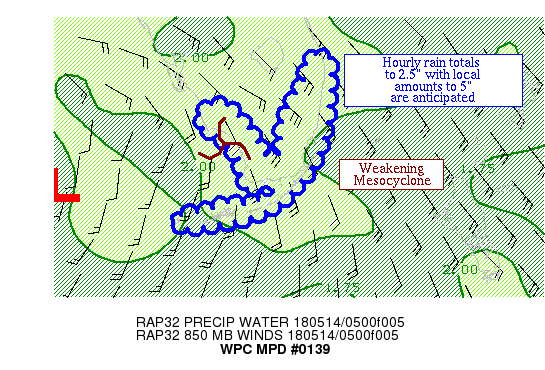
AREAS AFFECTED...COASTAL SOUTHERN FL & THE KEYS

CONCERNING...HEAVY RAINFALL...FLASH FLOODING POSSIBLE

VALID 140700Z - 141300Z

SUMMARY...CONVERGENT CYCLONIC FLOW AROUND A LOW IN THE GULF OF
MEXICO IS EXPECTED TO LEAD TO HOURLY RAIN TOTALS TO 2.5" AND LOCAL
AMOUNTS TO 5" ON A LOCAL BASIS.

DISCUSSION...A BROAD/WEAK LOW NEAR 25N 84W SITTING WEST OF THE FL
KEYS HAS LED TO THE DEVELOPMENT OF A MESOCYCLONE JUST OFFSHORE
SOUTHWEST FL WHICH IS WEAKENING WHILE MOVING TOWARDS THE COAST.
AN ASSOCIATED OUTFLOW BOUNDARY HAS BEEN EDGING SOUTHWARD TOWARDS
KEY WEST PER RADAR IMAGERY.  PRECIPITABLE WATER VALUES ARE ~2",
WHICH IS ON THE HIGH END OF CLIMATOLOGY FOR MID-MAY FOR TAMPA, KEY
WEST, AND MIAMI.  INFLOW AT 850 HPA IS CONVERGENT AT 20 KTS PER
VAD WIND PROFILES AT MIAMI AND KEY WEST.  MU CAPE VALUES ARE
500-1500 J/KG PER THE SPC MESOANALYSIS PAGE, WHILE EFFECTIVE BULK
SHEAR IS AROUND 25 KTS.

THE MESOSCALE GUIDANCE SHOWS A GOOD SIGNAL FOR HEAVY RAINFALL
DURING THE NEXT SEVERAL HOURS, WITH 850 HPA INFLOW INCREASING
SLIGHTLY FURTHER AND THE CONVERGENT INFLOW SLOWLY SHIFTING UP THE
KEYS INTO SOUTHERN FL.  THE RANGE IN THE MESOSCALE GUIDANCE IS
3-8" THROUGH 13Z, WITH A MODE NEAR 5".  THIS WOULD BE ASSOCIATED
BOTH WITH THE MESOCYCLONE JUST OFFSHORE SOUTHWEST FL PRESENTLY AND
WITH INCREASING EARLY MORNING CONVECTION WHICH MOVES ASHORE WITHIN
THE CONVERGENT ONSHORE FLOW REGIME.  GIVEN THE PRECIPITABLE WATER
VALUES, HOURLY RAIN TOTALS UP TO 2.5" ARE POSSIBLE ON A LOCAL
BASIS, WITH THE BEST CHANCES INDICATED BY THE HREF PROBABILITIES
OF EXCEEDING 2" IN AN HOUR AROUND 10Z.